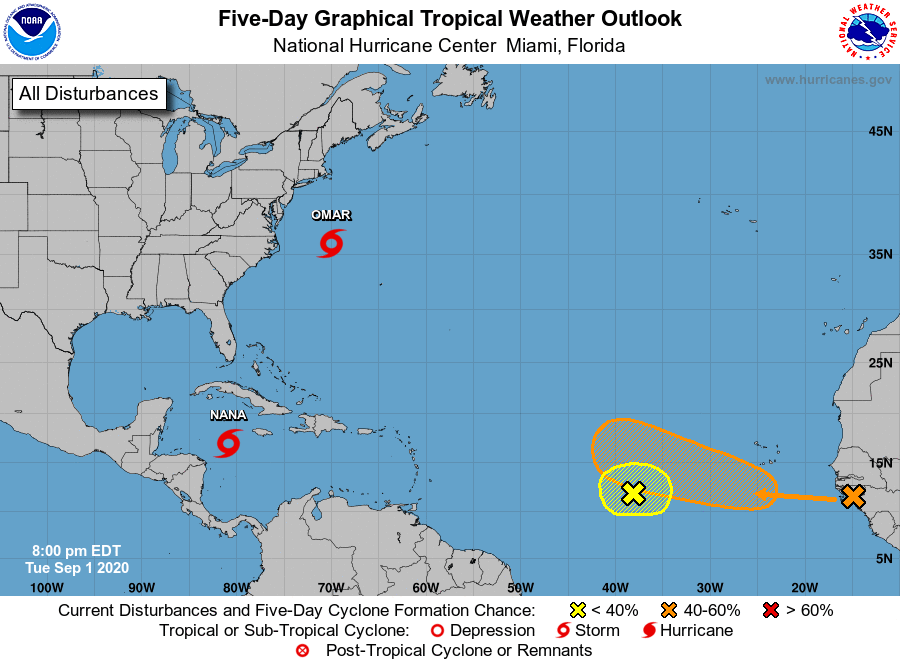
For the North Atlantic...Caribbean Sea and the Gulf of Mexico:

The National Hurricane Center is issuing advisories on Tropical Storm Omar, located a couple of hundred miles east of Cape Hatteras, North Carolina, and on Tropical Storm Nana, located about 150 miles southwest of Jamaica.

1. Showers and thunderstorms associated with a small area of low pressure about midway between the Windward Islands and west Africa appear to be slowly becoming better organized. Some additional development of this system is possible this week as the system meanders in the central tropical Atlantic Ocean.
* Formation chance through 48 hours...low...20 percent.
* Formation chance through 5 days...low...30 percent.

2. A tropical wave is expected to emerge off the coast of Africa on Wednesday and merge with a disturbance centered a couple of hundred miles southeast of the Cabo Verde Islands in the next day or so. Gradual development of this system is then possible, and this system could become a tropical depression by this weekend while it moves slowly westward over the eastern tropical Atlantic Ocean.
* Formation chance through 48 hours...low...10 percent.
* Formation chance through 5 days...medium...60 percent.

Public Advisories on Tropical Storm Nana are issued under WMO header WTNT31 KNHC and under AWIPS header MIATCPAT1. Forecast/Advisories on Tropical Storm Nana are issued under WMO header WTNT21 KNHC and under AWIPS header MIATCMAT1.

Forecaster Latto